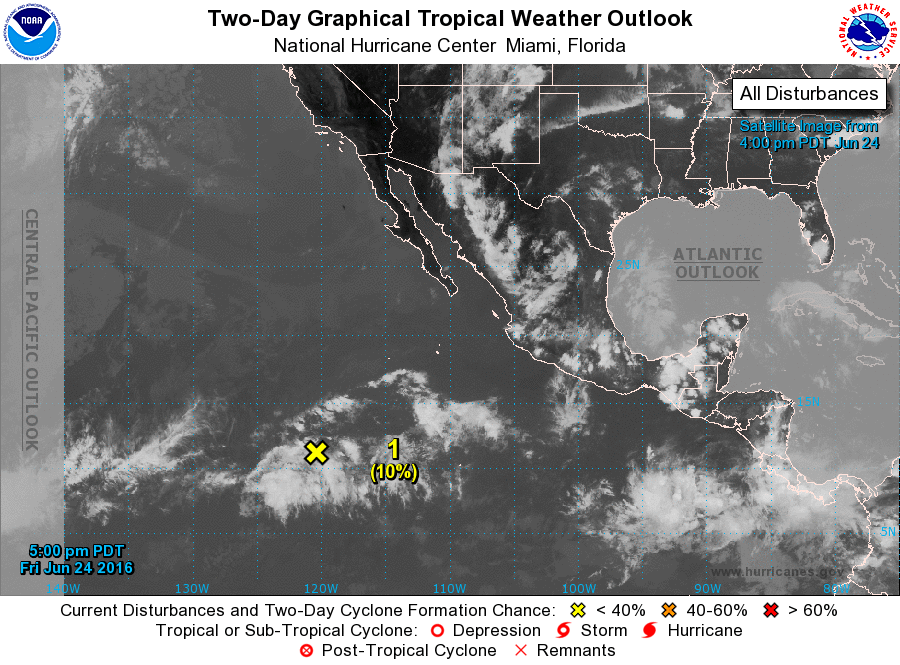
For the eastern North Pacific...east of 140 degrees west longitude:

1. A broad area of low pressure has formed about 1100 miles southwest of the southern tip of the Baja California peninsula. Environmental conditons are expected to become somewhat conducive for slow development of this system early next week while the low moves to the west or west-northwest at about 10 mph.
* Formation chance through 48 hours...low...10 percent
* Formation chance through 5 days...low...30 percent

Forecaster Beven